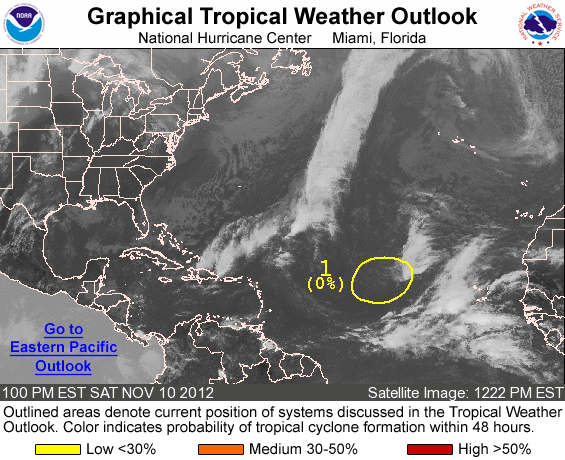
FOR THE NORTH ATLANTIC...CARIBBEAN SEA AND THE GULF OF MEXICO...

1. THE SURFACE LOW LOCATED ABOUT 1100 MILES WEST OF THE CAPE VERDE ISLANDS HAS WEAKENED TO A TROUGH...AND THE ASSOCIATED SHOWER ACTIVITY HAS DIMINISHED. THERE IS A LOW CHANCE...NEAR 0 PERCENT... OF A TROPICAL CYCLONE FORMING FROM THIS SYSTEM DURING THE NEXT 48 HOURS AS IT MOVES WESTWARD ABOUT 15 MPH.

ELSEWHERE...TROPICAL CYCLONE FORMATION IS NOT EXPECTED DURING THE NEXT 48 HOURS.

FORECASTER BEVEN